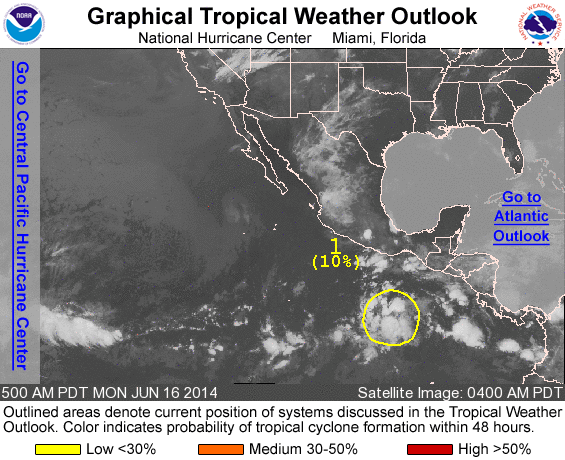
For the eastern North Pacific...east of 140 degrees west longitude:

1. A tropical wave is producing disorganized showers and thunderstorms several hundred miles south-southeast of Acapulco, Mexico. Gradual development of this system is possible during the next several days while it moves westward or west-northwestward at around 10 mph.
* Formation chance through 48 hours...low...10 percent.
* Formation chance through 5 days...medium...30 percent.

Forecaster Cangialosi